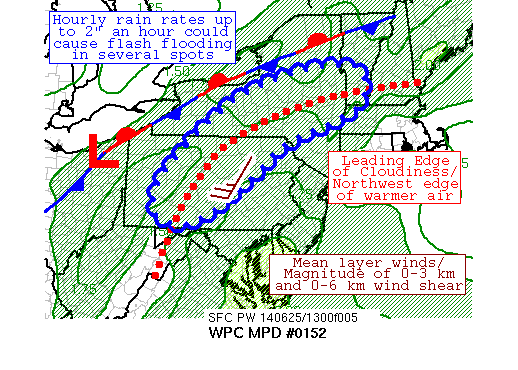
AREAS AFFECTED...CENTRAL PA, CENTRAL NY, SOUTHERN VT, NORTHWEST MA

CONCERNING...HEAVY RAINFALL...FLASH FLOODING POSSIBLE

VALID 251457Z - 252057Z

SUMMARY...BUILDING CAPE VALUES ACROSS A VERY MOIST REGION
INTERACTING WITH STRENGTHENING THERMAL CONTRAST ACROSS CENTRAL PA
AND SOUTHEAST NY COULD ORGANIZE CONVECTION WITH HOURLY RAIN RATES
OF 2" AN HOUR.  SEVERAL INSTANCES OF FLASH FLOODING ARE POSSIBLE.

DISCUSSION...A FRONTAL ZONE IS SLOWLY APPROACHING THE REGION IN
QUESTION, WHICH HAS LURED A DEEP WARM AND MOIST AIRMASS INTO THE
NORTHERN MID-ATLANTIC STATES.  PRECIPITABLE WATER VALUES ARE
1.75-2", WHICH IS ABOVE THE 90TH PERCENTILE FOR LATE JUNE.  SHEAR
IN THE 0-3 KM AND 0-6 KM LAYER IS JUST SUFFICIENT FOR ORGANIZED
CONVECTION AND THE WET MULTI-CELL ENVIRONMENT.  AREA SOUNDINGS
INDICATE THAT WET BULB ZERO HEIGHTS ARE ~14,000 FEET, WELL ABOVE
THE 10,000 FOOT GUIDELINE FOR WARM RAIN PROCESSES, INDICATING THAT
FEW OVERSHOOTING TOPS ARE LIKELY AND RADAR ESTIMATES COULD BE TOO
LOW WITH ANY CONVECTION IN THE REGION.

THERE ARE NO DRY LAYERS NEAR OR BELOW 700 HPA IN AREA SOUNDINGS,
INDICATING THAT COLD POOLS SHOULD NOT ACCELERATE ORGANIZED
CONVECTION.  CORFIDI VECTORS SUGGEST LITTLE MOVEMENT TO ORGANIZED
CONVECTION, SHOWING 5 KTS OF MOTION TO THE EAST-NORTHEAST.
LESS-ORGANIZED CONVECTION COULD TRAIN DUE TO UNIDIRECTIONAL WINDS
THROUGH THE LOWER AND MIDDLE TROPOSPHERE.  HOURLY RAINFALL RATES
OF 2" ARE EXPECTED IN STRONGER STORMS, WITH THE AVAILABLE
MESOSCALE GUIDANCE AGREEING THAT A QUICK 2-4" IS POSSIBLE LOCALLY
WITHIN THE DEFINED AXIS.  SEVERAL INSTANCES OF FLASH FLOODING ARE
POSSIBLE OVER THE NEXT SEVERAL HOURS, PARTICULARLY OVER THE
NORTHWEST HALF OF THIS AREA WHERE FLASH FLOOD GUIDANCE VALUES ARE
LOWER.